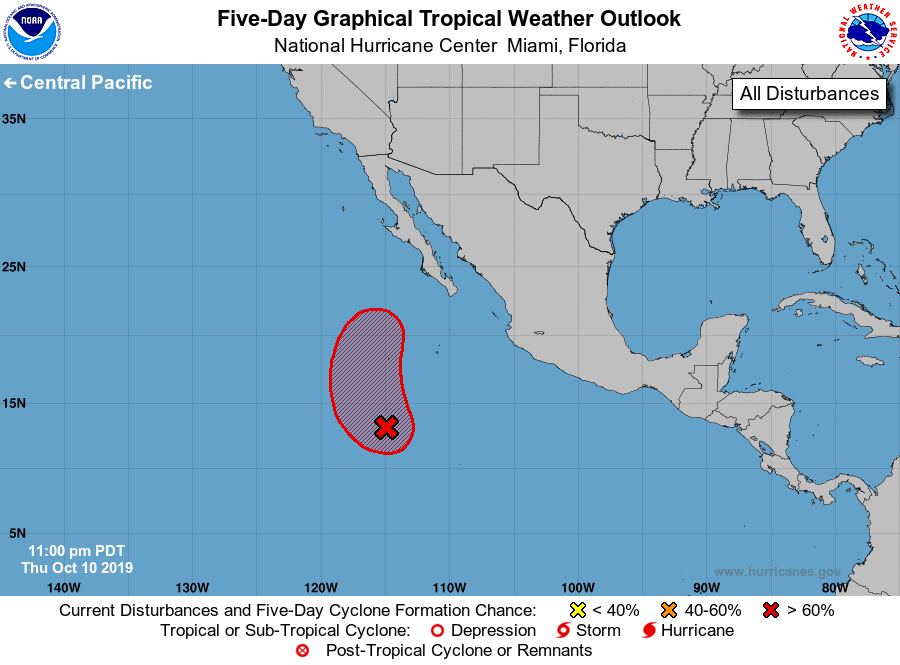
For the eastern North Pacific...east of 140 degrees west longitude:

1. An elongated trough of low pressure located several hundred miles south-southwest of the southern tip of the Baja California peninsula continues to produce a large area of disorganized showers and thunderstorms. Environmental conditions are conducive for development of this system, and a tropical depression is expected to form over the weekend while the system moves northwestward and then northward at 5 to 10 mph. Development will become less likely early next week when the system begins to encounter colder waters and stronger upper-level winds.
* Formation chance through 48 hours...high...70 percent.
* Formation chance through 5 days...high...90 percent.

Forecaster Berg